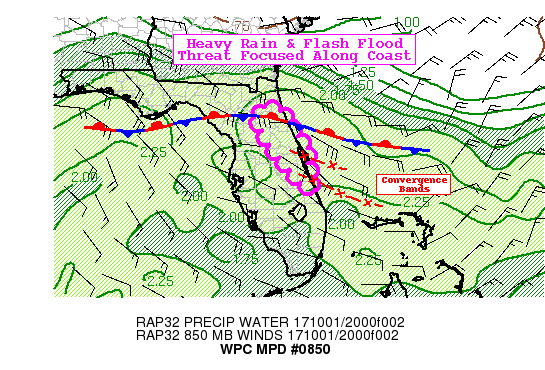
AREAS AFFECTED...COASTAL EASTERN FLORIDA

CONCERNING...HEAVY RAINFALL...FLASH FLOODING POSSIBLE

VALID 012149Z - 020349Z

SUMMARY...BANDS OF HEAVY RAIN WILL CONTINUE TO STREAM INTO THE
ATLANTIC COAST OF FLORIDA. RAIN RATES UP TO 2 IN/HR MAY LEAD TO
LOCALIZED AREAS OF FLASH FLOODING WHERE BANDS CAN PERSIST.

DISCUSSION...KMLB AND KJAX RADARS SHOWED MULTIPLE SHALLOW HEAVY
RAIN BANDS ORGANIZING ALONG A QUASI-STATIONARY FRONT AND SEVERAL
ZONES OF ENHANCED LOW-LEVEL CONVERGENCE IN THE MOIST AND UNSTABLE
AIR MASS SOUTH OF THE FRONT. THE ATMOSPHERE IN THE AREA WAS
CHARACTERIZED BY DEEP TROPICAL MOISTURE WITH PRECIPITABLE WATER
VALUES AROUND 2.2 TO 2.3 INCHES (JAX 12Z SOUNDING, GPS PW
MEASUREMENTS, MODEL ANALYSIS). THE CONVECTIVE RAIN BANDS DID NOT
HAVE SIGNIFICANT DEPTH TO THEM...WITH MRMS ANALYZED 30 DBZ ECHO
TOPS GENERALLY BELOW 20,000 FEET. GIVEN THAT THIS IS LOWER THAN
THE -10C LEVEL...THIS IMPLIES VERY LITTLE ICE IN THESE CONVECTIVE
CLOUDS...DOMINANT WARM RAIN PROCESSES...AND EFFICIENT RAINFALL
PRODUCTION. MESONET OBSERVATIONS NEAR THE FLORIDA COAST FURTHER
CONFIRM THIS...WITH SOME OBSERVED HOURLY RAIN RATES UP TO 2 IN/HR
AND AROUND DOUBLE WHAT IS SUGGESTED BY RADAR IN SOME CASES.

MODELS DO SHOW THE BEST LOW-LEVEL MOISTURE CONVERGENCE SHIFTING
SOUTH WITH TIME AS SOME DRIER AIR BEGINS TO PUSH IN FROM THE
NORTHEAST. THEREFORE...THE MORE PROMINENT RAIN BANDS MAY BECOME
ESTABLISHED CLOSER TO THE SPACE COAST THIS EVENING OR OVERNIGHT.
THE ENVIRONMENT SOUTH OF THE FRONT IS EXPECTED TO REMAIN
RELATIVELY SIMILAR OVER THE NEXT 6 HOURS...SO ANY FOCUSED AREAS OF
LOW-LEVEL CONVERGENCE WOULD BE CAPABLE OF YIELDING A SHALLOW
TROPICAL RAIN BAND WITH RAIN RATES UP TO 2 IN/HR. AND FLOODING MAY
TEND TO DEVELOP MORE QUICKLY THAN SUGGESTED BY RADAR RAINFALL
ESTIMATES ALONE. THE GREATEST RISK SHOULD BE FOCUSED WITHIN 10-20
MILES OF THE COAST WHERE BOUNDARY LAYER CONVERGENCE WILL BE
MAXIMIZED.